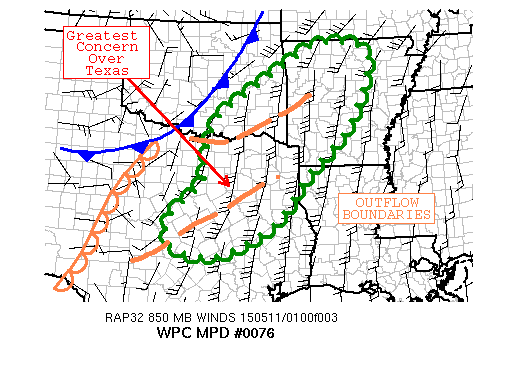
AREAS AFFECTED...CNTRL TO NERN TEXAS...SERN OKLAHOMA...NWRN
LOUISIANA...WRN ARKANSAS

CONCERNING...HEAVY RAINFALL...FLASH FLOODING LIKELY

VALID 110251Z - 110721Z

SUMMARY...FLASH FLOODING WILL LIKELY CONTINUE OVER THE NEXT
SEVERAL HOURS AS LOW LEVEL FLOW CONTINUES TO OVERRUN OUTFLOW
BOUNDARIES WITH THE GREATEST CONCERN FOR TRAINING OVER
TEXAS...FROM SOUTH OF I-20 AND EAST OF I-35.

DISCUSSION...TWO SW-NE ORIENTED OUTFLOW BOUNDARIES WERE NOTED AT
02Z...ONE SOUTH OF THE DALLAS/FORT WORTH METROPLEX AND THE OTHER
EXTENDING ACROSS SERN OKLAHOMA. REGIONAL RADAR IMAGERY SHOWED
TRAINING AXES OF HEAVY RAIN LOCATED JUST NORTH OF THESE TWO
BOUNDARIES AS SLY FLOW IN THE LOW LEVELS OF THE ATMOSPHERE
CONTINUES TO PUMP DEEP MOISTURE NWD...PWATS NEAR OR ABOVE 1.75
INCHES OVER MUCH OF ERN TEXAS TO THE SOUTH OF I-20.

TEXAS IS THE GREATEST CONCERN DUE TO AN UNOBSTRUCTED INFLUX OF
MOISTURE FROM THE SOUTH WHICH IS EXPECTED TO CONTINUE WELL INTO
THE NIGHT. THE HI-RES MODELS ARE UNANIMOUS IN THIS OCCURRING WITH
RECENT RUNS OF THE HRRR SHOWING AN ADDITIONAL 3-7 INCHES POSSIBLE
IN THE VICINITY OF THE TEXAS OUTFLOW BOUNDARY.

THE OTHER CONCERN IS REGARDING A CLUSTER OF TRAINING CELLS
CURRENTLY OVER SERN OKLAHOMA...WHICH IS EXPECTED TO SLIDE OFF
TOWARD THE EAST AS A PROGRESSIVE COLD FRONT ADVANCES INTO NWRN
ARKANSAS BY 09Z. HOURLY RATES OF 1-2 IN/HR ARE EXPECTED TO
CONTINUE WITH ADDITIONAL TOTALS OF 2 TO 3+ INCHES EXPECTED. GIVEN
SATURATED SOILS...AND LOW FFG VALUES...FLASH FLOODING IS
CONSIDERED LIKELY ACROSS BOTH TEXAS AND OKLAHOMA INTO WRN ARKANSAS.